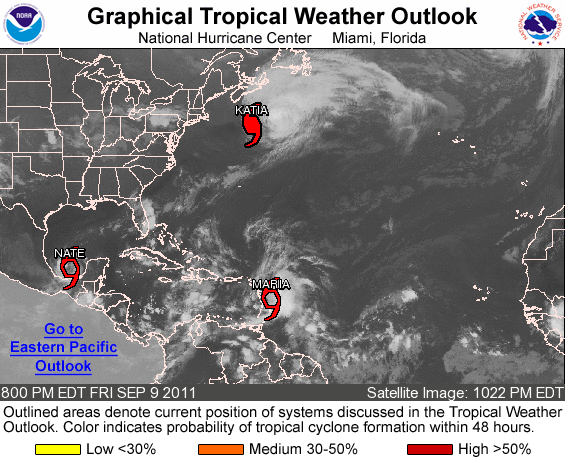
FOR THE NORTH ATLANTIC...CARIBBEAN SEA AND THE GULF OF MEXICO...

THE NATIONAL HURRICANE CENTER IS ISSUING ADVISORIES ON HURRICANE KATIA...LOCATED ABOUT 280 MILES SOUTH OF HALIFAX NOVA SCOTIA... TROPICAL STORM MARIA...LOCATED ABOUT 135 MILES NORTH OF BARBADOS... AND ON TROPICAL STORM NATE...LOCATED ABOUT 225 MILES EAST-NORTHEAST OF VERACRUZ MEXICO.

ELSEWHERE...TROPICAL CYCLONE FORMATION IS NOT EXPECTED DURING THE NEXT 48 HOURS.

FORECASTER BLAKE